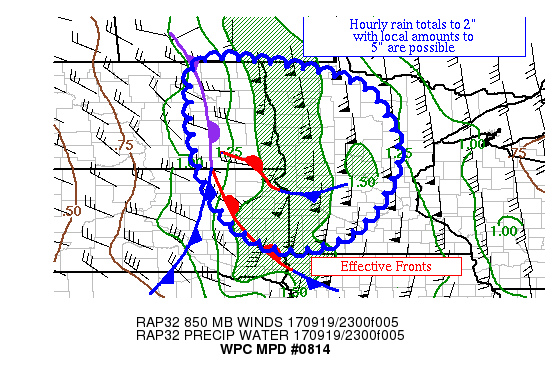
AREAS AFFECTED...NEAR THE SD/ND/MN BORDER JUNCTION

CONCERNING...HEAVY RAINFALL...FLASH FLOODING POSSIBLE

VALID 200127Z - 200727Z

SUMMARY...SHOWERS AND THUNDERSTORMS CONTINUE TO BLOSSOM ACROSS THE
REGION.  HOURLY RAIN TOTALS TO 2" WITH LOCAL AMOUNTS TO 5" ARE
POSSIBLE.

DISCUSSION...SHOWERS AND THUNDERSTORMS CONTINUE TO TRAIN ACROSS
SOUTHEAST ND, ANCHORED BY AN APPARENT OUTFLOW BOUNDARY NEAR THE
EASTERN BORDER OF THE DAKOTAS.  ACTIVITY WITH AN APPARENT
MESOCYCLONE IS SPREADING HIGH RAIN RATES INTO WESTERN MN AT THE
PRESENT TIME.  NEW CONVECTION IS FIRING NEAR THE OCCLUDED FRONT
CLOSER TO THE INTERNATIONAL BORDER WHILE SIGNS OF CAP WEAKENING
ARE APPARENT IN THE RAP GUIDANCE AND RECENT RADAR IMAGERY IN
EASTERN SD.  PRECIPITABLE WATER VALUES ARE 1-1.5" PER 00Z
SOUNDINGS AND GPS DATA.  INFLOW AT 850 HPA IS SOUTHERLY AT 40-50
KTS PER VAD WIND PROFILES.  EFFECTIVE BULK SHEAR IS 40-60 KTS.  MU
CAPE VALUES OF 1000-3000 J/KG ARE SEEN ACROSS THE REGION.

THE MESOSCALE GUIDANCE SHOWS A BIT OF DISPERSION REGARDING AMOUNTS
AND PLACEMENT -- A ROUGH AVERAGE OF THEIR OUTPUT SUPPORTS LOCAL
AMOUNTS OF 5" THROUGH 07Z.  HOURLY RAIN TOTALS UP TO 2" SHOULD
REMAIN POSSIBLE.  CIN ACROSS THE REGION SHOULD START REDEVELOPING
SOON, TAPPING INSTABILITY ALOFT AND BECOMING INCREASINGLY
ELEVATED.  THE LOW-LEVEL INFLOW PEAKS AT ~70 KTS AROUND 05Z; UNTIL
THEN BACKBUILDING SHOULD REMAIN POSSIBLE.  THE EFFECTIVE BULK
SHEAR CONTINUES TO FAVOR MESOCYCLONES EMBEDDED WITHIN THE
ACTIVITY, WHICH WOULD ALSO FAVOR HIGH RAIN RATES.  THE PROGRESSIVE
OCCLUSION/COLD FRONT SHOULD END ACTIVITY FROM WEST TO EAST WITH
TIME AND AFTER ~05Z THERE SHOULD BE SOME EAST-WEST CONTRACTION TO
THE PRECIPITATION PROFILE AS THE STORMS BECOME INCREASINGLY
FORWARD PROPAGATION WHICH SHOULD LOWER TOTALS WITH TIME.